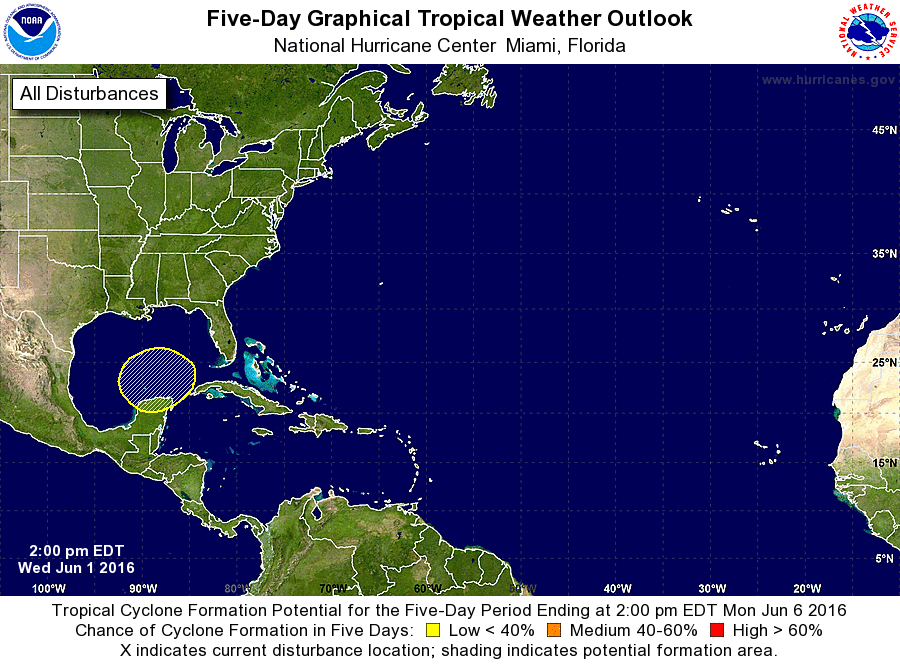
For the North Atlantic...Caribbean Sea and the Gulf of Mexico:

The NOAA Weather Prediction Center is issuing advisories on Post-Tropical Cyclone Bonnie, located about 90 miles southeast of Wilmington, North Carolina.

1. A broad low pressure area may form over the southern Gulf of Mexico by early next week. Additional development of the low should be slow to occur as the low moves slowly north-northeastward.
* Formation chance through 48 hours...low...near 0 percent
* Formation chance through 5 days...low...20 percent

Today marks the first day of the Atlantic hurricane season, which will run until November 30. Long-term averages for the number of named storms, hurricanes, and major hurricanes are 12, 6, and 3, respectively.

The list of names for 2016 is as follows:

Name Pronunciation Name Pronunciation ------------------------------------------------------------- Alex AL-leks Lisa LEE-suh Bonnie BAH-nee Matthew MATH-yoo Colin KAH-lihn Nicole nih-KOHL Danielle dan-YELL Otto AHT-toh Earl URR-ull Paula PAHL-luh Fiona fee-OH-nuh Richard RIH-churd Gaston ga-STAWN Shary SHAHR-ee Hermine her-MEEN Tobias toh-BEE-uss Ian EE-an Virginie vir-JIN-ee Julia JOO-lee-uh Walter WALL-tur Karl KAR-ull

Two tropical cyclones have already formed this year, Hurricane Alex in January and Tropical Storm Bonnie in May. The next named storm that forms this season will be named Colin.

This product, the Tropical Weather Outlook, briefly describes significant areas of disturbed weather and their potential for tropical cyclone formation during the next five days. The issuance times of this product are 2 AM, 8 AM, 2 PM, and 8 PM EDT. After the change to standard time in November, the issuance times are 1 AM, 7 AM, 1 PM, and 7 PM EST.

A Special Tropical Weather Outlook will be issued to provide updates, as necessary, in between the regularly scheduled issuances of the Tropical Weather Outlook. Special Tropical Weather Outlooks will be issued under the same WMO and AWIPS headers as the regular Tropical Weather Outlooks.

A standard package of products, consisting of the tropical cyclone public advisory, the forecast/advisory, the cyclone discussion, and a wind speed probability product, is issued every six hours for all ongoing tropical cyclones. In addition, a special advisory package may be issued at any time to advise of significant unexpected changes or to modify watches or warnings.

The Tropical Cyclone Update is a brief statement to inform of significant changes in a tropical cyclone or to post or cancel watches or warnings. It is used in lieu of or to precede the issuance of a special advisory package. It is also used to issue hourly position updates when coastal watches and warnings are in effect and the cyclone center can be easily tracked with land based radar. Tropical Cyclone Updates, which can be issued at any time, can be found under WMO header WTNT61-65 KNHC, and under AWIPS header MIATCUAT1-5.

All National Hurricane Center text and graphical products are available on the web at http://www.hurricanes.gov. You can also interact with NHC on Facebook at https://www.facebook.com/NWSNHC. Notifications are available via Twitter when select National Hurricane Center products are issued. Information about our Atlantic Twitter feed is available at http://www.hurricanes.gov/twitter.shtml.

Forecaster Beven